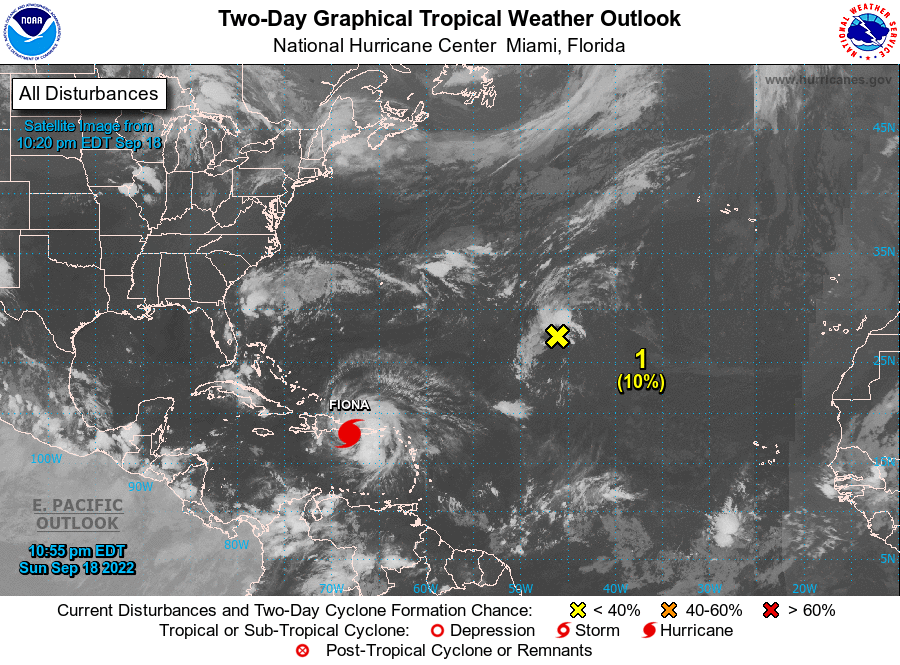
For the North Atlantic...Caribbean Sea and the Gulf of Mexico:

Active Systems: The National Hurricane Center is issuing advisories on Hurricane Fiona, located between Puerto Rico and the Dominican Republic.

1. Central Subtropical Atlantic: Disorganized showers and thunderstorms continue over the central subtropical Atlantic in association with a weak trough of low pressure. Significant development of this system is becoming less likely while it moves generally northward for the next couple of days, remaining over the central subtropical Atlantic.
* Formation chance through 48 hours...low...10 percent.
* Formation chance through 5 days...low...10 percent.

Forecaster Latto